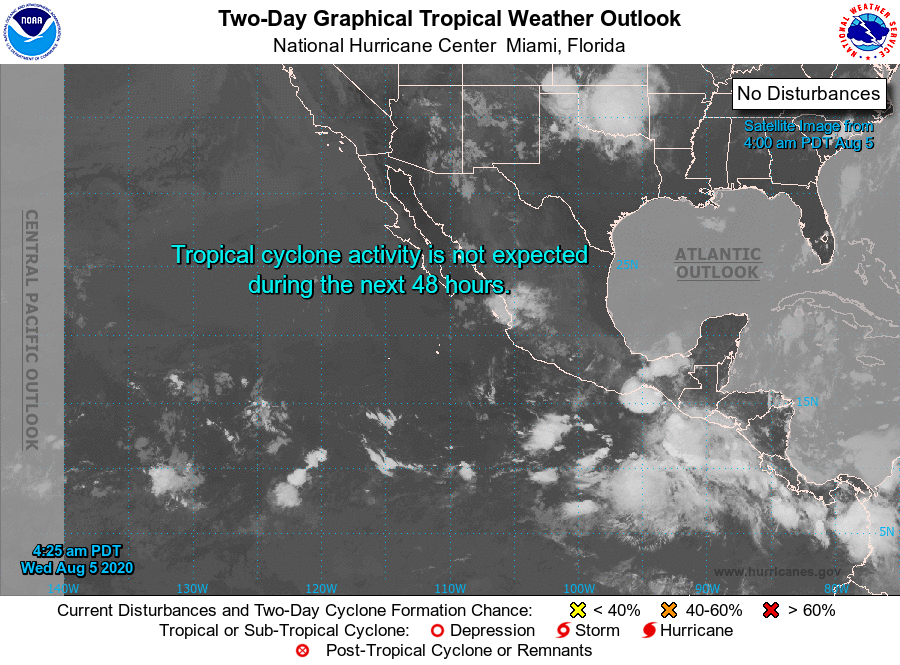
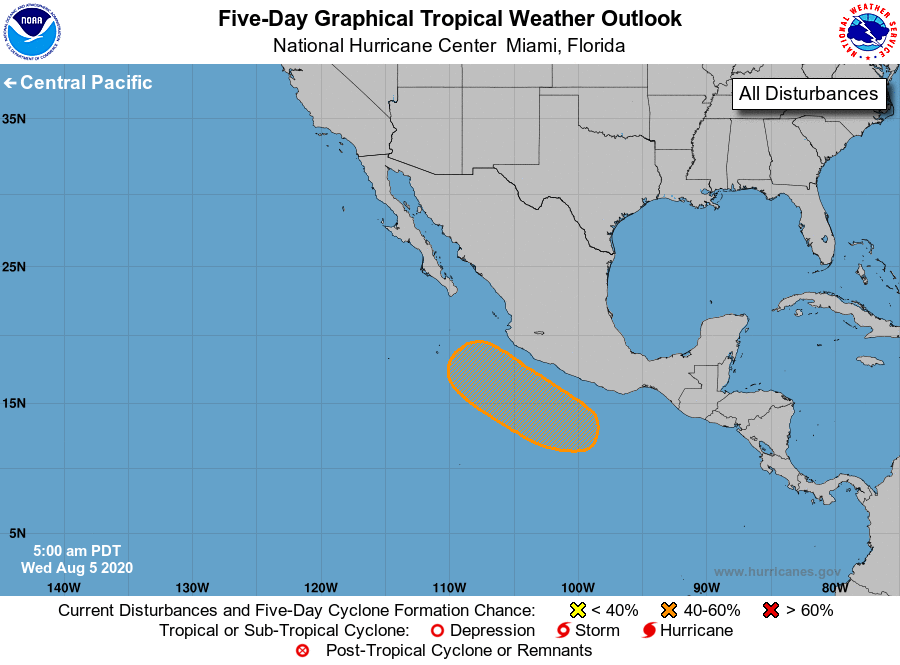
For the eastern North Pacific...east of 140 degrees west longitude:

1. An area of low pressure is expected to form south or southwest of the southern coast of Mexico over the weekend. Environmental conditions are forecast to be conducive for development, and a tropical depression could form early next week while the system moves generally west-northwestward.
* Formation chance through 48 hours...low...near 0 percent.
* Formation chance through 5 days...medium...40 percent.

Forecaster Blake